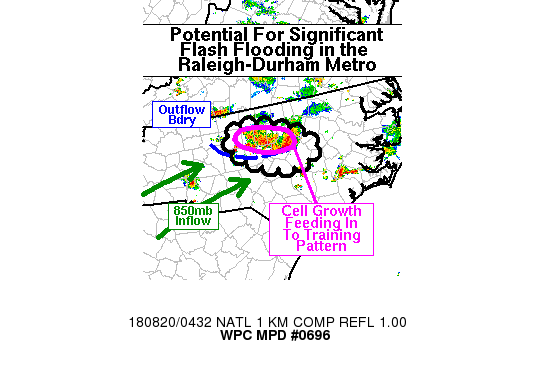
Areas affected...Raleigh-Durham Metro and Surrounding Areas

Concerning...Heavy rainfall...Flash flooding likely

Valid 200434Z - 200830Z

Summary...Thunderstorms are likely to continue affecting the
Triangle Region (Raleigh-Durham Metro Area) and adjacent locales
for at least a few hours tonight. The persistent storms could
produce local rainfall totals in excess of 5 inches in under 6
hours, which would be likely to lead to flash flooding. Amounts of
that magnitude could also lead to more significant flash flooding
(widespread and/or deeper inundation) given the location over an
urban area.

Discussion...A classic training convective pattern is setting up
in the Triangle Region of central North Carolina, and could lead
to some substantial rainfall totals in an urban corridor -- from
Durham and Chapel Hill to near Raleigh, and the greater
surrounding area. A lead convective cluster had pushed into
Raleigh as of 04Z, and was showing a general southeast motion.
KRAX radar showed an outflow boundary had pushed out to the south
and southwest, now trailing the convective cluster to the west to
KTTA and KEXX. New cells were developing rapidly to the north of
the outflow boundary, thanks to broad WSW low-level inflow
ascending over the shallow stable layer. Elevated CAPE in the
layer just above the surface was still substantial, around 1500
j/kg or so, and was leading to a WNW-ESE oriented band of
convection. Individual cell motions in this trailing band were
more easterly, and this was having the effect of sustaining a
nearly stationary training band of convection (with perhaps a very
slight southward drift). The general configuration of favorable
inflow for backbuilding and new cell growth into a training band
of convection seems likely to persist for at least another couple
hours, which could lead to substantial rainfall totals right in an
urban corridor. Several hi-res models, notably the past several
runs of the HRRR and the 00Z NCEP-ARW, produced a significant
localized swath of 5-8 inches of rain somewhere in central North
Carolina. The concern is that this will play out in reality, only
right over a metro area.

KRAX dual pol fields show the strongest convection with KDP
generally around 2 deg/km and ZDR closer to 1 dB, which implies
more numerous small droplets, an indicator of warm rain processes
and greater rainfall efficiency. This was especially true in the
convection trailing the lead convective cluster. Rain rates of 1-2
in/hr were being estimated in most of the convection by KRAX dual
pol and MRMS, with a few small pockets in excess of 2 in/hr. It
does seem plausible that some locations in the Triangle Region, or
perhaps just south if the drift of the line continues, could see
an average of around 1.5 inches of rain per hour or so for several
hours, and end up achieving the 5+ inch totals suggested by hi-res
models. This suggests the potential for significant flash
flooding, while the overall training pattern suggests flash
flooding will be likely in the highlighted region. Significant
flash flooding would encompass particularly widespread flooding in
a given area and/or greater inundation depth with more severe
impacts. The fact this will be occurring at night will increase
the hazard level a bit as well. It's worth noting that 5 inches of
rainfall in less than 6 hours has an annual exceedance probability
of less than 1 percent, so that would be a climatologically
significant event in this region.